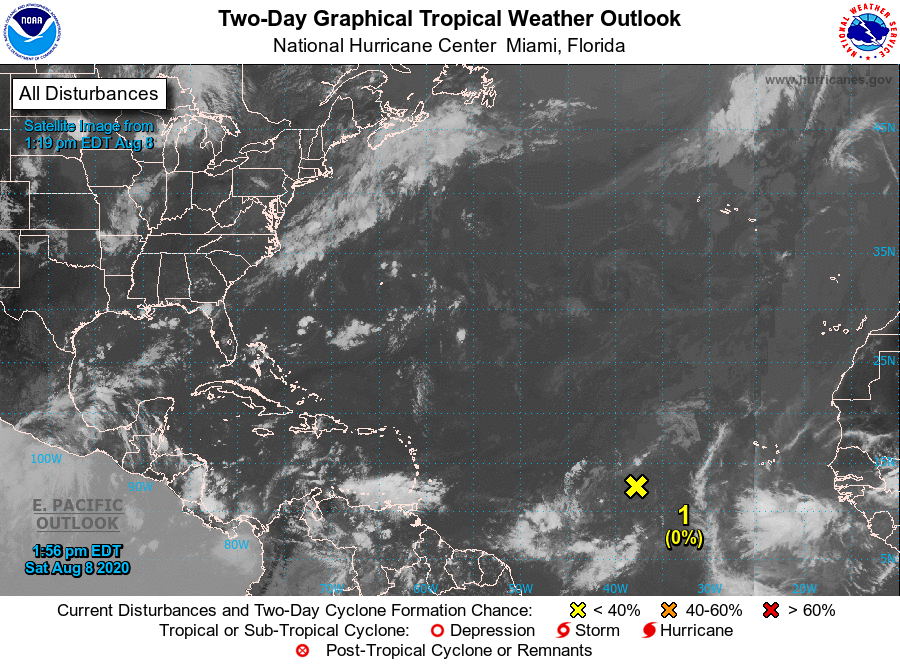
For the North Atlantic...Caribbean Sea and the Gulf of Mexico:

1. A tropical wave located several hundred miles west-southwest of the Cabo Verde Islands is producing a few showers and thunderstorms. Environmental conditions have become less conducive, and development of this system is no longer anticipated.
* Formation chance through 48 hours...low...near 0 percent.
* Formation chance through 5 days...low...near 0 percent.

Forecaster Beven